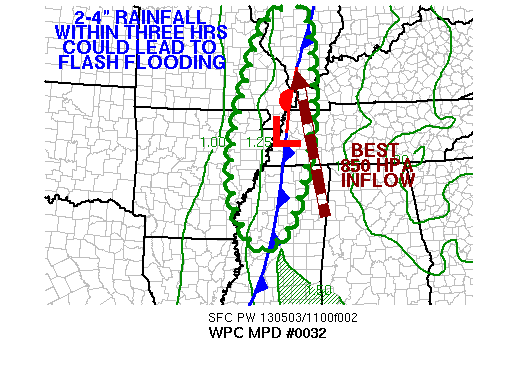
AREAS AFFECTED...NORTHEAST AR...WESTERN TN...WESTERN
KY...SOUTHEAST MO...NORTHERN MS...SOUTHERN IL

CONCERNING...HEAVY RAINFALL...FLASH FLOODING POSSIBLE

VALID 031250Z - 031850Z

SUMMARY...RAINFALL EXPECTED TO INCREASE IN MAGNITUDE ACROSS
PORTIONS OF THE MID-MISSISSIPPI VALLEY INTO THIS AFTERNOON, WHICH
COULD LEAD TO FLASH FLOODING.

DISCUSSION....LOW-LEVEL FRONTOGENESIS IS EXPECTED TO INCREASE
TODAY IN PROXIMITY TO A SLOWLY PROGRESSIVE -- AND WELL-DEFINED --
COLD FRONT MOVING THROUGH THE MISSISSIPPI VALLEY, WITH CONVECTION
MOVING NORTH TO NORTHWESTWARD INTO THE COLD SECTOR PER
PROPAGATION/CORFIDI VECTORS.  FLASH FLOOD GUIDANCE VALUES (FFGS)
ARE QUITE LOW -- BELOW AN INCH WITHIN THREE HOURS -- ACROSS
NORTHEAST AR DUE TO HEAVY RAINS LAST NIGHT, AND THEY REMAIN LOW --
JUST UNDER TWO INCHES WITHIN THREE HOURS -- ACROSS NORTHERN AND
CENTRAL MS AND PORTIONS OF ILLINOIS DUE TO RAINFALL FROM THE PAST
FEW DAYS.  THE 850 HPA INFLOW IS SLIGHTLY CONVERGENT INTO THE
FRONT, WITH WINDS AT THAT LEVEL RISING TO ABOVE 50 KNOTS AT TIMES.
 PRECIPITABLE WATER VALUES ARE EXPECTED TO REMAIN STEADY BETWEEN
1.25 AND 1.50 INCHES.  HOWEVER, INCREASING LOW-LEVEL FRONTOGENSIS
COMBINED WITH A STRENGTHENING UPPER LEVEL TROUGH/DEVELOPING CLOSED
LOW WHICH IS BECOMING NEGATIVELY TILTED SHOULD INCREASE DIVERGENCE
ALOFT OVER THIS AREA.  AMONGST THE MESOSCALE GUIDANCE, THE 00Z ARW
APPEARS TO BE DOING THE BEST JOB (OUTSIDE OF THE IL/IA BORDER) IN
DEPICTING THE ONGOING PRECIPITATION.  PRECIPITATION IS EXPECTED TO
TRAIN INTO THIS AFTERNOON DUE TO THE SLOW MOVEMENT OF THE SYSTEM,
WHICH COULD LEAD TO LOCAL AMOUNTS OF 2-4 INCHES WITHIN THE
SCALLOPED AREA.